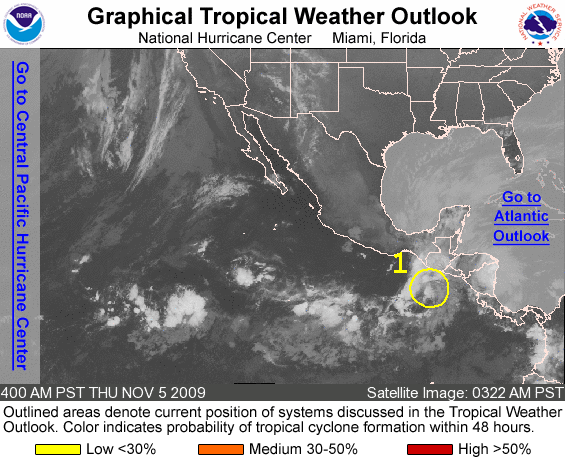
FOR THE EASTERN NORTH PACIFIC...EAST OF 140 DEGREES WEST LONGITUDE..

1. AN AREA OF LOW PRESSURE IS LOCATED ABOUT 250 MILES SOUTH OF THE MEXICO/GUATEMALA BORDER. SHOWER AND THUNDERSTORM ACTIVITY REMAINS DISORGANIZED AND UPPER-LEVEL WINDS ARE BECOMING LESS CONDUCIVE FOR DEVELOPMENT. THERE IS A LOW CHANCE...LESS THAN 30 PERCENT...OF THIS SYSTEM BECOMING A TROPICAL CYCLONE DURING THE NEXT 48 HOURS.

ELSEWHERE...TROPICAL CYCLONE FORMATION IS NOT EXPECTED DURING THE NEXT 48 HOURS.

FORECASTER BLAKE